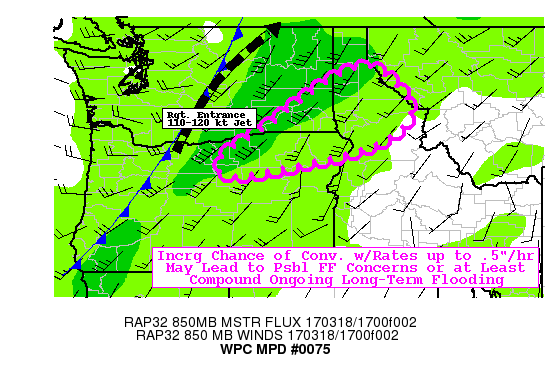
AREAS AFFECTED...NORTHEAST OR...SOUTHEAST WA...NORTHERN ID

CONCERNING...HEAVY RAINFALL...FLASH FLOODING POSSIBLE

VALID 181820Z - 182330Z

SUMMARY...INCREASING CHANCE OF SHALLOW CONVECTION IN ANOMALOUSLY
WET ENVIRONMENT OVER SATURATED GROUND CONDITIONS MAY LEAD TO FLASH
FLOODING OR AT LEAST COMPOUND ONGOING FLOODING CONDITIONS IN THE
AREA.

DISCUSSION...GOES-WV MOSAIC DENOTES INCREASINGLY AMPLIFIED FLOW
PARTICULARLY WITH A UPPER LEVEL RIDGING EAST OF THE CONTINENTAL
DIVIDE.  A SHEARED BUT STRONG SHORTWAVE HAS LIFTED INTO S BC ATTM
WITH ASSOCIATED 110-120 KT 250MB JET.  UPSTREAM A DEEP NORTHERN
STREAM UPPER LEVEL LOW IS ADVANCING FROM THE WEST WITH A
STRENGTHENING POLAR JET STREAK SUPPORTING HIGHLY CONFLUENT FLOW
OVER WESTERN WA/OR. IN THE NEAR TERM THIS YIELDS LARGE SCALE
DESCENT AND CLEARING / INCREASED SOLAR INSOLATION THROUGH PEAK
HEATING. THIS IN CONCERT WITH CAA FROM THE UPPER LOW SHOULD
STEEPEN MID-LEVEL LAPSE RATES TO SUPPORT SBCAPES TO REACH 100-250
J/KG IN THE NEXT FEW HOURS.  GLOBAL TPW ANALYSIS AND SATELLITE
ALSO INDICATE MAIN CORRIDOR OF WARM CONVEYOR BELT POINTED THROUGH
N CA/SE OREGON INTO S ID...PROVIDING MOISTENING LOWER PROFILE AS
WELL WITH GPS TPWS REACHING THE .6-.8" RANGE NEARING 3-3.5 STD DEV
ABOVE NORMAL.

THE ADVANCING UPPER LOW/HEIGHT FALLS WILL SHARPEN SURFACE TO 850
FRONTAL ZONE/FGEN ACROSS CENTRAL WA INTO N ID. MODEST BUT NOT
INSIGNIFICANT SOUTHERLY COMPONENT ACROSS CENTRAL OREGON PROVIDES
CONFLUENT SFC TO 85H FLOW WITH SUFFICIENT MST CONVERGENCE AS THE
FRONT SLIDES SLOWLY EASTWARD (ORIENTED NE-SW).  THIS FORCING ALONG
WITH THE INCREASED INSTABILITY SUGGESTS AN INCREASING PROBABILITY
OF THE GENERATION OF SHALLOW CONVECTIVE DEVELOPMENT.  FAIRLY
UNIDIRECTIONAL STEERING FLOW ALLOWS FOR CONVECTIVE CELLS TO
POSSIBLY TRAIN FOR A SHORT DURATION ESPECIALLY IF CORES BECOME
TERRAIN LOCKED WITH INCREASED OROGRAPHIC EFFECTS.  UNCERTAINTY
REMAINS ON THE TIMING OF THE EASTWARD PROGRESSION OF THE
FORCING/FRONT LIKELY LIMITING VERY LONG TERM DURATION OF THESE
MODEST RATES.

HI-RES CAMS HAVE BEEN TRENDING UPWARD IN CONVECTIVE ACTIVITY
NORTHEAST OF THE BLUE MTN RANGE ACROSS SE WA INTO THE SOUTHERN
BITTERROOT RANGE OF N ID AROUND THE 20-21Z TIME FRAME.  THE 12Z
ESRL EXPERIMENTAL HRRR WAS MOST AGGRESSIVE SUGGESTING 1HR RAIN
TOTALS GREATER THAN .5"/HR SUPPORTED BY THE 12Z NMMB SUFFICIENT TO
EXCEED THE LOW FFG VALUES IN THE REGION. GREATEST PROBABILITY
BASED ON THE GUIDANCE SUGGEST PEAK MATURATION AROUND 23-00Z ACROSS
EXT SE WA/NE OR INTO CLEARWATER COUNTY ID. HOWEVER...RECENT HRRR
AND 12Z ARW ARE A BIT MORE RESERVED IN THE STRENGTH/MAGNITUDE OF
THE RAINFALL RATES AND THEREFORE TOTALS.  STILL ONGOING SATURATED
GROUNDS AND SNOW MELT RUN OFF ALREADY HAS LEAD TO FLOODING
CONCERNS. ADDITIONAL RAINFALL MAY ACCENTUATE THE ONGOING FLOODING
CONDITIONS IN THE VICINITY.